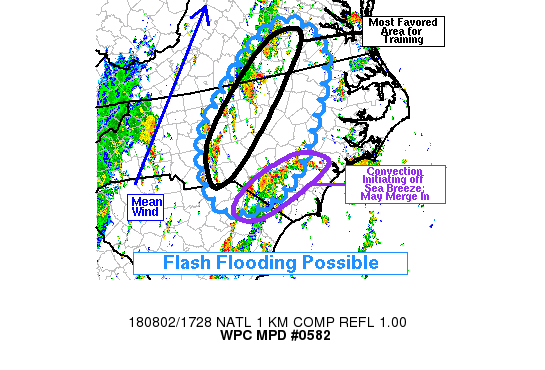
Areas affected...Central and Eastern North Carolina, Southern
Virginia

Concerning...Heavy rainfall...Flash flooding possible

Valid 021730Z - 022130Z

Summary...Locally heavy rainfall will be possible with a
concentrated area of thunderstorm activity this afternoon,
primarily in central and eastern North Carolina. Some of these
storms could produce rain rates of 2 in/hr or more, which could
lead to localized flash flooding.

Discussion...Regional radars showed a broken line of thunderstorms
extending from just west of Richmond VA to just west of Charlotte
NC. Earlier this morning, a more compact version of this line of
convection produced a narrow swath of heavy rainfall and flooding
from near Winston-Salem and Greensboro, and areas just to the
north. The line has since drifted to the east, but it remains
oriented nearly parallel to the deep layer mean flow. MLCAPE
values around 2000 j/kg (per RAP analysis) and PWATs approaching 2
inches (GSO 12Z sounding was 2.02 inches) should be enough to
sustain strong, organized convection with heavy rain rates to 2
in/hr or more. The primary difference with this morning is that
the rain band is now centered east of areas that have received
heavy rainfall recently, so the antecedent conditions are less
favorable to flash flooding. Nevertheless, the convection may
begin to train over some larger urban areas in the region this
afternoon, and 2 in/hr rain rates would be sufficient to cause
flash flooding in such areas. Further south, in far southern North
Carolina, a separate cluster of thunderstorms initiated off the
sea breeze near Cape Fear, and was pushing N/NW into interior
North Carolina. These storms were producing heavy rain rates as
well, and may coalesce with existing thunderstorm activity over
central North Carolina later this afternoon. Such a merger could
create a larger areal coverage of heavy instantaneous rain rates,
which would have the effect of prolonging the duration of heavy
rain in some locations. This may create more favorable conditions
for flash flooding, particularly if the storm mergers occurred in
the vicinity of the Triangle region.